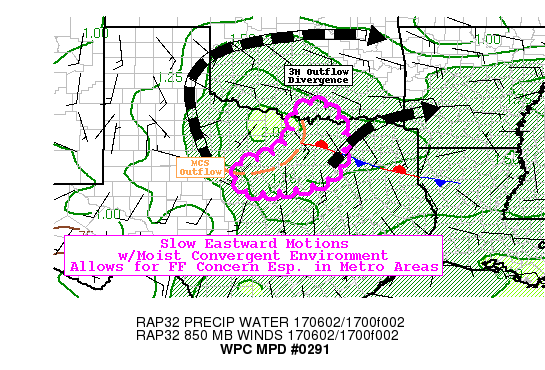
AREAS AFFECTED...NORTH CENTRAL TX ...EXT SOUTH CENTRAL OK

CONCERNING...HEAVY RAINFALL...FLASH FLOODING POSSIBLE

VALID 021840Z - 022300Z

SUMMARY...INCREASING CONVECTIVE COVERAGE AND INTENSITY WITH SLOW
EASTWARD PROGRESSION MAY CAUSE LOCALIZED FLASH FLOODING CONCERNS
PARTICULAR IN DALLAS-FORT WORTH METROPLEX.

DISCUSSION...RADAR AND SATELLITE MOSAIC DENOTE COLD POOL FROM
EARLY MORNING CONVECTION IN THROCKMORTON COUNTY IS PROGRESSING
INTO AREAS UNAFFECTED BY DENSE CLOUD COVER NEAR THE DFW METRO
WHERE INSTABILITY WAS ABLE TO BUILD UP AS SFC T REACH UPPER 80S
AND TDS INTO THE LOWER 70S SBCAPES TO 2500 J/KG.  AT THE SURFACE
AN OLD FRONTAL BOUNDARY IS LAID OUT W-E FROM DTO TO JXI...WITH
CONVECTION DEVELOPING ALONG IT AS WELL.  IN THE UPPER LEVELS FLOW
IS EXTREMELY WEAK AND ALMOST DRIVEN FULLY BY THE MESOSCALE UPSCALE
GROWTH FROM THE EARLY MORNING MCS AS WELL.  3H FLOW SHOWS
EXCELLENT ANTICYCLONIC BUBBLE WITH STRONGEST OUTFLOW ON THE
WESTERN PERIPHERY. 925-7H FLOW IS GENERALLY WEAK BUT ALSO QUITE
CONVERGENT TOWARD THE INTERFACE OF THE OUTFLOW AND FRONTAL
BOUNDARY...AS SUCH SOME ENHANCED ISENTROPIC ASCENT IN THE
EFFECTIVE TROWAL SHOULD SPARK DEEPER ASCENT/CONVECTION AS WELL
PARTICULARLY CLOSER TO THE TRIPLE POINT WHERE ENVIRONMENTAL
INSTABILITY IS GREATEST.  OVERALL CLOUD BEARING FLOW IS LESS THAN
10KTS WITH 5KT EASTWARD PROPAGATION.  AS SUCH THE ORGANIZATION MAY
BE A BIT MORE SCATTERED THAN TRADITIONALLY EXPECTED WITH AN MCS
BUT SLOW CEL MOTIONS AND PARAMETERS SUPPORTIVE OF RAIN RATES OVER
2"/HR LEAD TO THE POTENTIAL FOR SPOTTY 2.5-3.5" TOTALS OVER THE
NEXT FEW HOURS.  WHILE FFG VALUES ARE HIGH...THE PROXIMITY THE
URBAN CORRIDOR PRESENT THE GREATEST FF RISK.

FURTHER SW ALONG I-20...THE TRAILING EDGE OF THE OUTFLOW BOUNDARY
WHERE IT BECOMES GENERALLY PARALLEL TO THE EASTWARD ADVANCEMENT OF
THE OUTFLOW BOUNDARY...A SECONDARY AREA OF CONCERN FOR FF (PERHAPS
EVEN MORE SIGNIFICANT TOTALS) MAY EVOLVE AS CONVERGENCE IS
MAXIMIZED AND BACK-BUILDING PROPAGATION VECTORS MAY SUPPORT NEAR
ZERO CLUSTER MOTIONS ALLOWING FOR TOTALS.  CONFIDENCE IS A BIT
LOWER HERE FOR THIS CLUSTER TO EVOLVE THOUGH BEARS CLOSE
MONITORING.